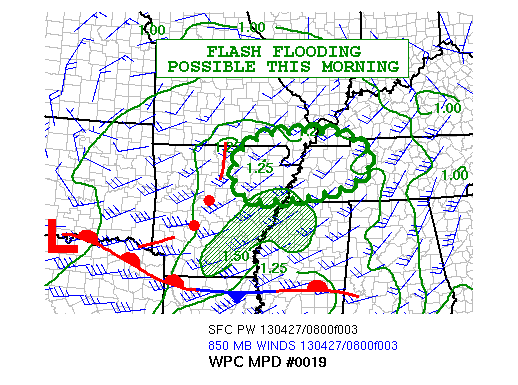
AREAS AFFECTED...NORTHEAST ARKANSAS...WESTERN TENNESSEE...FAR
SOUTHEAST MISSOURI...FAR SOUTHWEST KENTUCKY

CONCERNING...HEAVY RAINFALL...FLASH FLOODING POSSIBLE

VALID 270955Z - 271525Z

SUMMARY...THROUGH MID MORNING FOCUSED MESOSCALE LIFT WILL PRODUCE
WIDESPREAD 1-INCH AND LOCALLY HEAVIER RAINS WHERE GROUND WAS
ALREADY SATURATED.

DISCUSSION...RECENT OBSERVATIONAL AND MODEL TRENDS HAVE LED TO
INCREASED CONFIDENCE IN THE PLACEMENT OF A PRECIPITATION EVENT
THIS MORNING. THE NOSE OF A BROAD 40 KT LOW LEVEL JET WILL IMPINGE
UPON A PERSISTENT MID LEVEL BAROCLINIC ZONE CROSSING THIS REGION
FROM WNW TO ESE. THIS WILL OCCUR BENEATH DIFLUENT UPPER FLOW AND
WITHIN AN AIRMASS CHARACTERIZED BY PRECIPITABLE WATER VALUES 1.25
TO 1.50 INCHES.

INSTABILITY IS SOMEWHAT LACKING PER MODEL FIELDS AND MODEL
SOUNDINGS...BUT INCREASING INTENSITY OF RADAR ECHOES AND LIGHTING
FREQUENCY OVER NORTHEAST ARKANSAS AND WESTERN TENNESSEE SUGGEST
LARGER SCALE FORCING WILL BE SUFFICIENT TO FORCE SOME UPRIGHT
CONVECTION WITHIN A BROAD DEVELOPING REGION OF MODERATE RAIN
SHOWERS/STORMS. HIRES WRF ARW...NMM...AND NSSL WRF ARE VERY
SIMILAR IN PLACING AN AXIS OF AT LEAST 1-INCH AREAL AVERAGE RAIN
OVER THE OUTLINED AREA THROUGH 15-16 UTC. THE SAME MODELS YIELD
EMBEDDED HIGHER SWATHS OVER 2 INCHES WHICH APPEARS PLAUSIBLE. THIS
BECOMES A CONCERN PRIMARILY DUE TO OBSERVED AND RADAR-ESTIMATED
RAINFALL OF AT LEAST 1-3 INCHES EARLIER IN THE NIGHT...WHICH
SUGGESTS A GREATER LIKELIHOOD OF RAPID RUN-OFF/FLOODING.